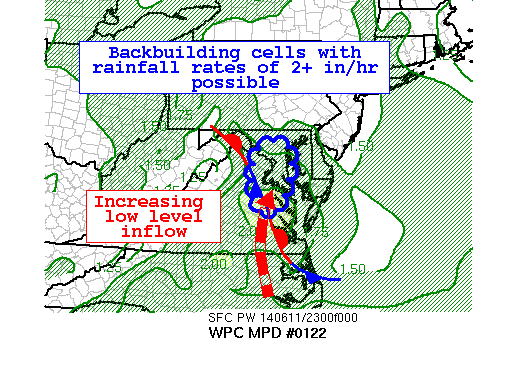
AREAS AFFECTED...CENTRAL MD...SOUTHERN MD...DC...NORTHERN VA

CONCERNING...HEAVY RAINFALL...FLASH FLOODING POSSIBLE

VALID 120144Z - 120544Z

SUMMARY...CONVECTION IS EXPECTED TO CONTINUE AND POSSIBLY
BACKBUILD OVER THE NEXT SEVERAL HOURS AS LOW LEVEL INFLOW
INCREASES.

DISCUSSION...LATEST MESOANALYSIS INDICATES PWS OF 1.75-2 INCHES
CENTERED ALONG A BACKDOOR COLD FRONT THAT DROPPED INTO THE REGION
EARLIER TODAY.  INCREASING LOW LEVEL INFLOW OVERNIGHT IS EXPECTED
TO TAP A DEEP MOISTURE PLUME CENTERED OFF OF THE CAROLINA
COAST...REFORTIFYING THIS ALREADY MOIST AIRMASS IN PLACE.  AS THE
LOW LEVEL INFLOW INCREASES...CORFIDI VECTORS ARE FORECAST TO
DECREASE...WITH SLOWING..TRAINING...BACKBUILDING CELLS POSSIBLE.

LATEST RUNS OF THE HRRR SHOW LOCALLY HEAVY RAINFALL RATES OF 1-2+
IN/HR FOR THE NEXT SEVERAL HOURS ACROSS PORTIONS OF THE OUTLOOK
AREA...RESULTING IN VERY HEAVY RAINFALL TOTALS.